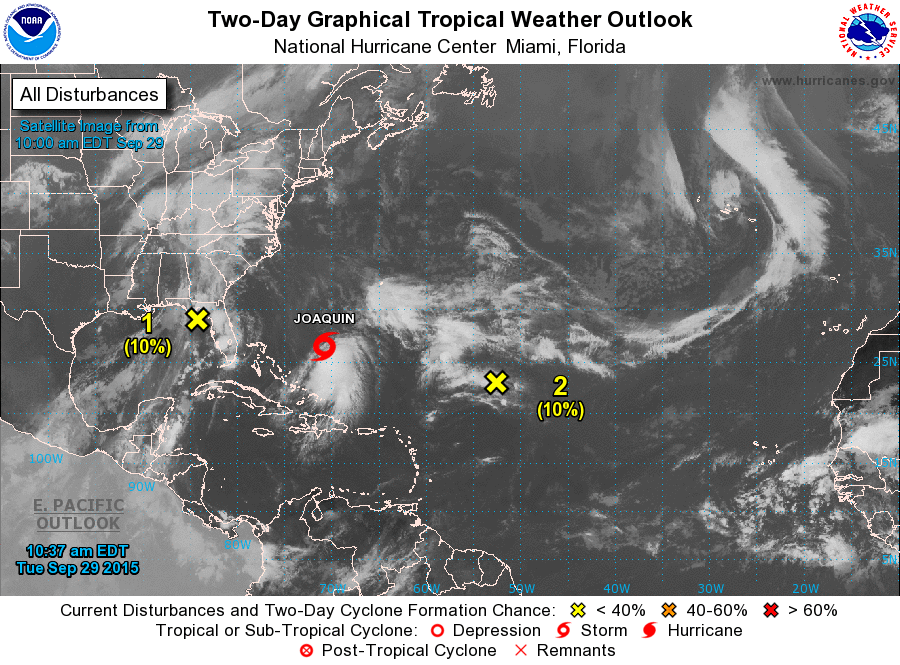
For the North Atlantic...Caribbean Sea and the Gulf of Mexico:

The National Hurricane Center is issuing advisories on Tropical Storm Joaquin, located a few hundred miles northeast of the central Bahamas.

1. A trough of low pressure located over the northeastern Gulf of Mexico between Tampa, Florida and Apalachicola, Florida, continues to produce disorganized showers and thunderstorms over the northeastern Gulf of Mexico and portions of the southeastern United States. Strong upper-level winds will likely prevent any significant development of this system before it moves inland over the northern Gulf coast later today, and the Air Force Reserve reconnaissance aircraft scheduled for today has been canceled. Regardless of tropical cyclone development, locally heavy rains are likely over portions of the southeastern United States during the next couple of days. For additional information on this system, see High Seas Forecasts issued by the National Weather Service and products from your local National Weather Service office.
* Formation chance through 48 hours...low...10 percent
* Formation chance through 5 days...low...10 percent

2. A large area of disturbed weather over the central Atlantic several hundred miles northeast of the northern Leeward Islands is associated with a frontal trough and the remnants of Ida. Some slow development of this system is possible later this week while it moves slowly west-northwestward. For additional information on this system, see High Seas Forecasts issued by the National Weather Service.
* Formation chance through 48 hours...low...10 percent
* Formation chance through 5 days...medium...40 percent

High Seas Forecasts issued by the National Weather Service can be found under AWIPS header NFDHSFAT1, WMO header FZNT01 KWBC, and on the Web at http://www.opc.ncep.noaa.gov/shtml/NFDHSFAT1.shtml.

Forecaster Beven